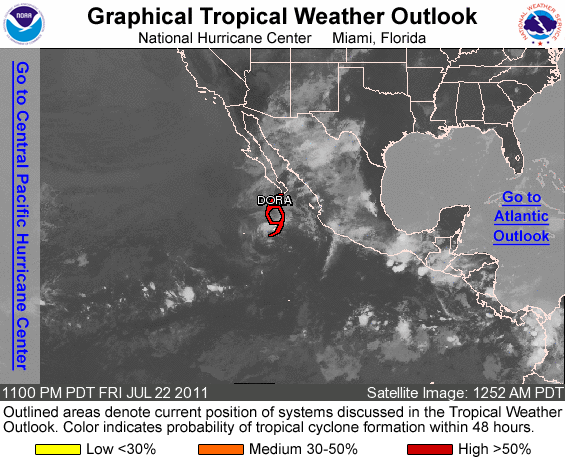
FOR THE EASTERN NORTH PACIFIC...EAST OF 140 DEGREES WEST LONGITUDE..

THE NATIONAL HURRICANE CENTER IS ISSUING ADVISORIES ON WEAKENING TROPICAL STORM DORA...LOCATED ABOUT 180 MILES SOUTH-SOUTHWEST OF CABO SAN LUCAS MEXICO.

ELSEWHERE...TROPICAL CYCLONE FORMATION IS NOT EXPECTED DURING THE NEXT 48 HOURS.

FORECASTER STEWART